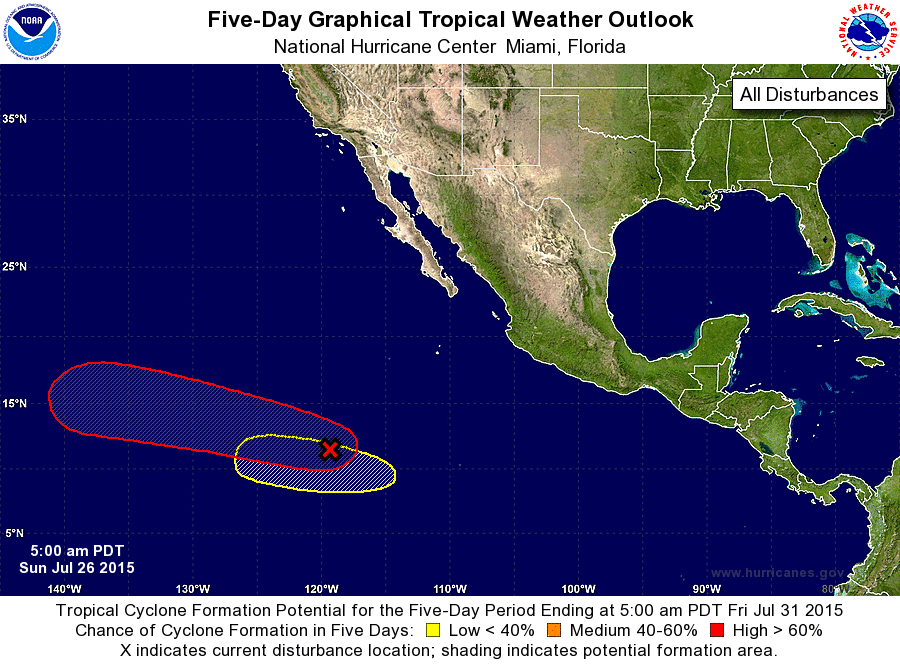
For the eastern North Pacific...east of 140 degrees west longitude:

1. An area of low pressure centered about 1050 miles southwest of the southern tip of the Baja California peninsula is producing a large area of cloudiness and showers. Environmental conditions are conducive for development, and a tropical depression is likely to form during the next few days while the low moves west-northwestward at around 15 mph.
* Formation chance through 48 hours...low...20 percent
* Formation chance through 5 days...high...90 percent

2. Another area of low pressure could form early next week well to the south-southwest of the southern tip of the Baja California peninsula. Environmental conditions appear to be conducive for slow development of this system.
* Formation chance through 48 hours...low...near 0 percent
* Formation chance through 5 days...low...30 percent

Forecaster Stewart